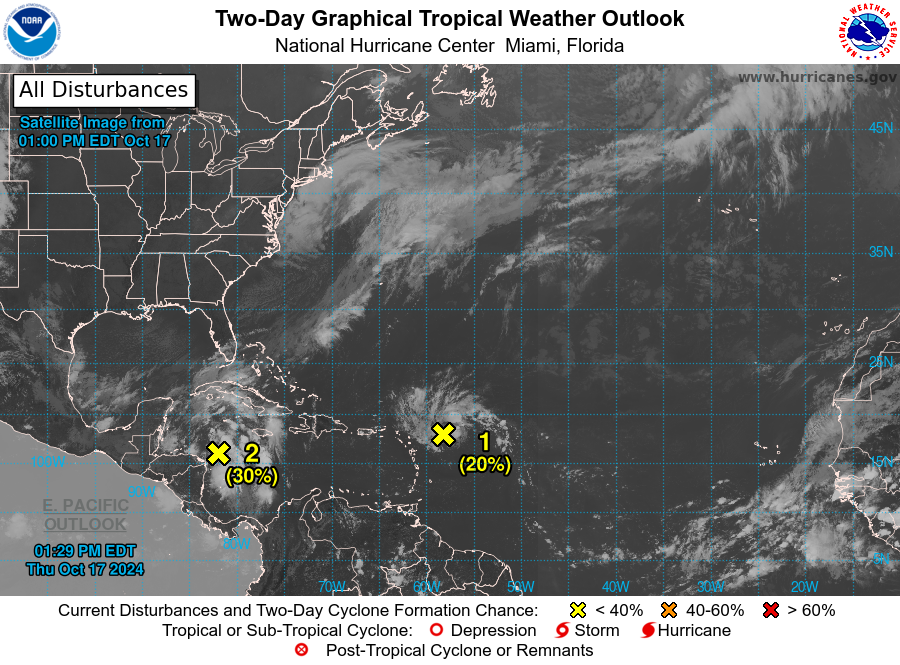
For the North Atlantic...Caribbean Sea and the Gulf of Mexico:

1. East of the Leeward Islands (AL94): Showers and thunderstorms associated with a trough of low pressure located a couple of hundred miles east of the Leeward Islands remain disorganized. Some slow development is possible during the next couple of days as the disturbance moves quickly westward to west-northwestward around 20 mph, passing near the Virgin Islands and Puerto Rico on Friday, then near Hispaniola and the southeastern Bahamas on Saturday. Strong upper-level winds should end the chances of development by late in the weekend. The Air Force Hurricane Hunters are currently investigating the system.
* Formation chance through 48 hours...low...20 percent.
* Formation chance through 7 days...low...30 percent.

2. Western Caribbean Sea: Showers and thunderstorms over the western Caribbean Sea are associated with a broad area of low pressure. Gradual development of this system is possible over the next couple of days before it moves inland over Central America. Regardless of development, locally heavy rainfall is likely across portions of Central America and southern Mexico through the weekend.
* Formation chance through 48 hours...low...30 percent.
* Formation chance through 7 days...low...30 percent.

Forecaster Cangialosi/Hadi